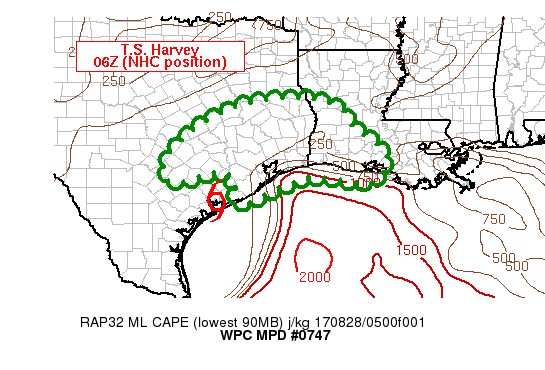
AREAS AFFECTED...SERN TX INTO SWRN LA

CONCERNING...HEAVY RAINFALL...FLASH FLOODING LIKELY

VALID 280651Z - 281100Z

SUMMARY...THE FOCUS OF THE HEAVIEST RAIN OVER THE NEXT 4-6 HOURS
WILL SHIFT EAST INTO FAR SERN TEXAS AND SWRN LOUISIANA WITH
ADDITIONAL RAINFALL TOTALS OF 5-10 INCHES THROUGH 12Z. THIS
COMBINED WITH AN ADDITIONAL 1-3 INCHES IN AND AROUND HOUSTON WILL
ONLY EXACERBATE ONGOING SIGNIFICANT TO CATASTROPHIC FLOODING OVER
THE REGION.

DISCUSSION...EXPERIMENTAL GOES 16 7.3 MICRON LOW LEVEL WATER VAPOR
IMAGERY SHOWED RELATIVELY DRIER AIR WRAPPING AROUND TROPICAL STORM
HARVEY TO THE SOUTH INTO THE HOUSTON METRO REGION AS OF 06Z. THE
DRYING IS REFLECTED WITH A MLCAPE GRADIENT NOTED IN THE SPC
MESOANALYSIS AND THE RAP. ON THE WRN EDGE OF THE INSTABILITY POOL
WAS A SOUTH TO NORTH BAND OF HEAVY RAIN WITH RAINFALL RATES OF 2-3
IN/HR OVER CHAMBERS COUNTY...JUST EAST OF GALVESTON BAY.
REFLECTIVITY FROM KHGX WAS RELATIVELY QUIET FOR COASTAL COUNTIES
ALONG AND WEST OF GALVESTON BAY WITH ONLY LIGHT SHOWERS APPEARING
DESPITE TOTAL PRECIPITABLE WATER VALUES OF 2.3 TO 2.5 INCHES AS OF
06Z.

OVER THE NEXT 4-6 HOURS...THE ONGOING BAND OF HEAVY RAIN...TIED TO
EXCELLENT LOW LEVEL CONVERGENCE NOTED IN WESTERN GULF OF MEXICO
STATION PLOTS...IS EXPECTED TO SLOWLY MOVE EAST INTO SWRN
LOUISIANA WHILE MAINTAINING RAINFALL RATES OF 2-3+ IN/HR. GIVEN
THE SLOW MOVEMENT OF THIS AXIS OF HEAVY RAIN AND ADDITIONAL
SCATTERED CONVECTION MOVING TOWARD THE NNW OUT AHEAD OF THE
LINE...AN ADDITIONAL 5-10 INCHES OF RAIN IS EXPECTED FROM ERN
CHAMBERS/LIBERTY COUNTIES IN SERN TEXAS TO VERMILION/JEFFERSON
DAVIS AND ACADIA PARISHES IN SWRN LOUISIANA. GIVEN 3-10 INCHES OF
RAIN OVER THE PAST 24 HOURS ACROSS THESE LOCATIONS...SIGNIFICANT
TO CATASTROPHIC FLOODING MAY EXPAND EAST FROM THE HOUSTON METRO
INTO BEAUMONT...PORT ARTHUR AND LAKE CHARLES.

FARTHER NORTH AND WEST FROM S-CNTRL INTO ERN TEXAS...REDUCED
INSTABILITY SHOULD LIMIT RAINFALL RATES TO THE 1-2 IN/HR RANGE BUT
GIVEN ONGOING FLOODING...AN EXPECTED ADDITIONAL 2-4 INCHES WILL
ONLY MAKE THE CURRENT SITUATION WORSE.

AS TROPICAL STORM HARVEY CONTINUES TO TRACK SLOWLY TO THE
SOUTHEAST THROUGH 12Z...RENEWED CONVECTION IS ANTICIPATED NEAR THE
MIDDLE TO UPPER TEXAS COAST...CONTINUING INLAND WITH RAINFALL
RATES OF 1-2 IN/HR BETWEEN MATAGORDA BAY AND GALVESTON BAY.